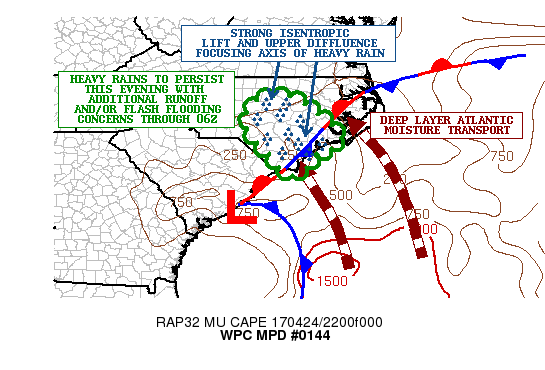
AREAS AFFECTED...CENTRAL AND SOUTHEAST NC

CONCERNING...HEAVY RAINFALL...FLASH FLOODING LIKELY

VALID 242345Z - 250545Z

SUMMARY...ADDITIONAL HEAVY RAIN AND CONCERNS FOR FLASH FLOODING
WILL PERSIST THROUGH THE EVENING HOURS.

DISCUSSION...DEEP LAYER SOUTHEAST FLOW AROUND THE NORTHEAST FLANK
OF A STRONG CLOSED LOW CENTER PIVOTING EAST ACROSS EASTERN GA
CONTINUES TO TRANSPORT A SIGNIFICANT AMOUNT OF ATLANTIC MOISTURE
INLAND ACROSS MUCH OF CENTRAL AND SOUTHEAST NC. THIS IS COINCIDING
WITH A FOCUSED AXIS OF ASCENT TOO GIVEN NOTABLY DIFFLUENT FLOW
ALOFT...ISENTROPIC LIFT OVER A WELL-DEFINED FRONTAL ZONE NEAR THE
COAST AND PERSISTENTLY CONFLUENT LOW LEVEL FLOW.

PWATS ACROSS THE REGION ARE RUNNING 2 TO 3 STANDARD DEVIATIONS
ABOVE NORMAL...WITH VALUES GENERALLY BETWEEN 1.5 AND 1.75 INCHES.
THIS ANOMALOUS MOISTURE PROFILE THOUGH IS IN PART BEING
FACILITATED BY THE INTERACTION OF THE DEEP CLOSED LOW OVER EASTERN
GA WITH THE AREA OF LOW PRESSURE AND ASSOCIATED MID LEVEL ENERGY
OVER THE WESTERN ATLANTIC. A MUCH DEEPER POOL OF TROPICAL MOISTURE
IS NOTED WITH THIS OFFSHORE SYSTEM...BUT THE CIRA-LPW PRODUCT
CONFIRMS A CLEAR TAP OF OF 850/700MB AND 700/500MB MOISTURE FROM
OFFSHORE THAT IS BEING TRANSPORTED INLAND OVER NC. THEREFORE WE
ARE LIKELY SEEING SOME ENHANCED RAINFALL EFFICIENCY THROUGH SOME
SEEDER-FEEDER PROCESSES AND HEAVIER RESULTING RAIN RATES.

THE LATEST HRRR AND HRRRX GUIDANCE CONTINUES TO ADVERTISE
ADDITIONAL HEAVY RAINS THROUGH THE EVENING WITH ANOTHER 2 TO 4
INCHES AND POSSIBLY HEAVIER AMOUNTS TO NEAR 5 INCHES GOING THROUGH
06Z. THE HEAVIEST AMOUNTS SHOULD TEND TO BE CLOSER TO THE
IMMEDIATE COAST WHERE THERE IS CLOSER PROXIMITY TO AN INSTABILITY
GRADIENT AND SOMEWHAT STRONGER SURFACE CONVERGENCE.

GIVEN THE ADDITIONAL RAINFALL AND SATURATED SOIL
CONDITIONS...RUNOFF PROBLEMS AND SOME FLASH FLOODING WILL REMAIN
LIKELY.